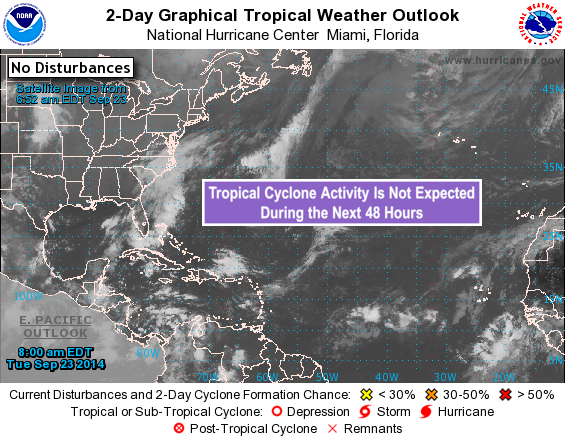
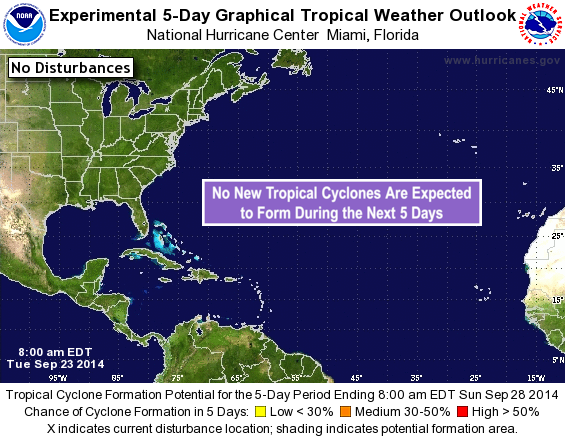
For the North Atlantic...Caribbean Sea and the Gulf of Mexico:

Tropical cyclone formation is not expected during the next 5 days.

Forecaster Pasch